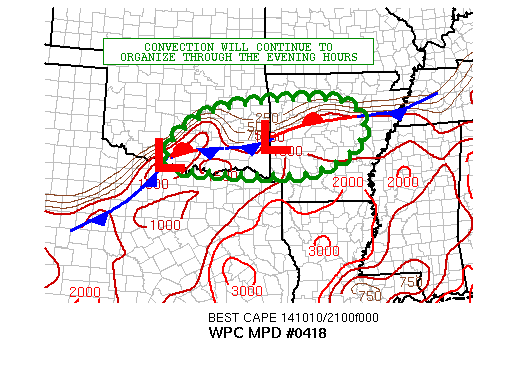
AREAS AFFECTED...CENTRAL/EASTERN OK...WESTERN/CENTRAL AR

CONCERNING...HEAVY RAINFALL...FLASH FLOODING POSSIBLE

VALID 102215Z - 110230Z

SUMMARY...HEAVY SHOWERS AND THUNDERSTORMS CONTINUE TO DEVELOP AND
ORGANIZE INTO MULTI-CELLULAR CLUSTERS. ADDITIONAL ORGANIZATION
THROUGH THE EVENING WILL FAVOR SOME POTENTIAL FOR FLASH FLOODING.

DISCUSSION...THE LATEST IR SAT IMAGERY SHOWS COLD-TOPPED
CONVECTION OVER PORTIONS OF CNTRL/ERN OK AND SPREADING EAST INTO
WRN AR. THE CONVECTION IS FOCUSING ALONG AND JUST NORTH OF A
STRONG FRONTAL ZONE SITUATED OVER THE REGION. SFC MESOANALYSIS
INDICATES MULTIPLE WAVES OF LOW PRESSURE RIDING EAST-NORTHEAST
ALONG THE FRONT WHICH IS INTERACTING WITH A POOL OF MOIST AND
MODERATELY UNSTABLE AIR POOLED OVER NERN TX/SERN OK AND SWRN AR.
VIS SAT IMAGERY CONTINUES TO SHOW A WELL-DEFINED WARM SECTOR SOUTH
OF THE FRONT WHERE DIURNAL HEATING HAS ENSUED THROUGH THE
AFTERNOON AND IS CONTRIBUTING TO LI/S OF -4 TO -7 LOCALLY AND
SBCAPE VALUES OF 2000 TO 3000 J/KG AS PER GOES-SOUNDER DATA. THIS
FAVORABLE THERMODYNAMIC ENVIRONMENT CONTINUES TO LIFT NEWD INTO
AND OVER THE FRONT WITH PERSISTENT LOW LVL SWLY FLOW...AND GIVEN
THE APPROACH OF SHORTWAVE DYNAMICS OVER THE CNTRL AND SRN HIGH
PLAINS...ADDITIONAL CONVECTIVE DEVELOPMENT IS EXPECTED.

THE LATEST HIRES MODELS INCLUDING THE 18Z NAM-CONEST AND THE 12Z
ARW/12Z NMMB SOLNS SUPPORT SOME INCREASE THROUGH THE EVENING OF
MULTI-CELLULAR CONVECTIVE CLUSTERS...WITH ADDITIONAL POTENTIAL FOR
BACK-BUILDING AND TRAINING CONVECTION. ADDITIONAL RAINFALL AMOUNTS
OF 2 TO 3 INCHES WITH ISOLD HEAVIER AMTS WHERE CELL-TRAINING
OCCURS MAY RESULT IN SOME FLASH FLOODING...AND MAINLY OVER AREAS
WHERE HEAVY RAINS HAD ALREADY OCCURRED. WILL CONTINUE TO MONITOR.